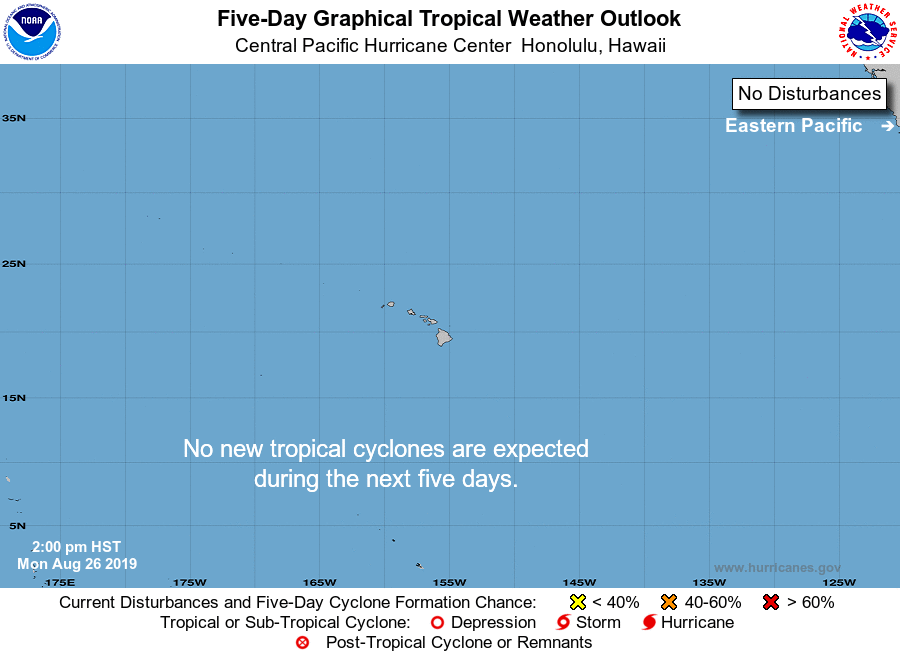
For the central North Pacific...between 140W and 180W:

No tropical cyclones are expected during the next 5 days.

Forecaster Kino